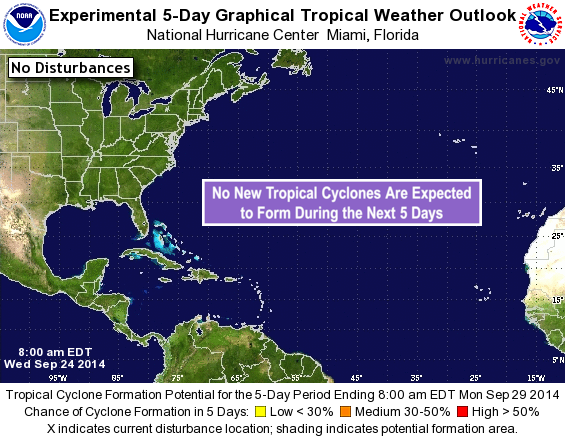
For the North Atlantic...Caribbean Sea and the Gulf of Mexico:

Tropical cyclone formation is not expected during the next 5 days.

Forecaster Brown